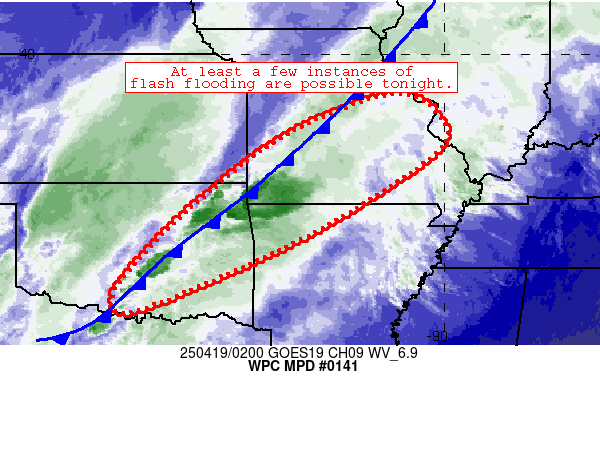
Areas affected...eastern Oklahoma through southern/east-central
Missouri

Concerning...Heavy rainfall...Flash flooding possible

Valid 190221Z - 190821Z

Summary...Several instances of flash flooding are possible through
08Z/3am this morning as convective coverage increases along/ahead
of a front through the discussion area.

Discussion...Over the past hour, rapid thunderstorm development
has materialized both along and just northwest of a surface cold
front extending from near PVJ/Pauls Valley, OK northeastward to
near Joplin and Springfield, MO.  The storms were located in a
steep mid-level lapse rate environment, with ~7C/km H7-H5 rates
and 1.25-1.4 inch PW values supporting strong, quickly evolving
updrafts.  The orientation of the initiating front parallel to 50+
kt mean flow aloft was allowing for this initial convection to
train and produce spots of 1 inch/hr rain rates (especially in
northeastern Oklahoma), supporting localized flash flood potential
in the short term.

With time, continued evolution of convection into combinations of
lines/clusters and even supercells will allow for areas of
propagation to the right of mean flow.  Local rain rates of 1-1.5
inch/hr are expected, which should approach hourly FFG thresholds
(in the 1.5 inch/hr range - lowest in Missouri) over time.  The
tendency for storms to grow upscale and propagate eastward may
help to mitigate a larger-scale flash flood risk tonight, although
isolated to scattered instances of runoff are still expected where
convective training is more pronounced.  This risk will spread
northeastward into more of Missouri beginning from 03Z onward and
perhaps reach portions of Saint Louis and vicinity in the 07-10Z
timeframe.